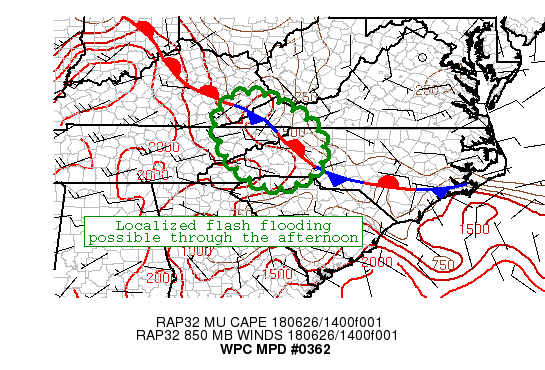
AREAS AFFECTED...ERN KY AND TN...WRN VA AND NC...NWRN SC

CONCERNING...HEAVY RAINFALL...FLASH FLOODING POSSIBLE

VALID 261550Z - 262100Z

SUMMARY...SLOW-MOVING CONVECTIVE CELLS PRODUCING ISOLATED RAINFALL
RATES OF 1-2 IN/HR COULD RESULT IN LOCALIZED FLASH FLOODING
THROUGH 22Z.

DISCUSSION...SHOWERS AND THUNDERSTORMS ARE FOCUSING ALONG A
QUASI-STATIONARY FRONTAL BOUNDARY FROM ERN KY INTO SWRN VA LATE
THIS MORNING. RELATIVELY WEAK MID-LEVEL FLOW ALONG WITH NEARLY
PARALLEL FLOW AT THE LOWER LEVELS IS RESULTING IN SLOW CELL MOTION
WITH SOME BACKWARD PROPAGATION NOTED. INSTABILITY IS RELATIVELY
MODEST (MLCAPE OF 500-1000 J/KG ON LATEST MESOANALYSIS), AND WEAK
SHEAR IS RESULTING IN RATHER SLUGGISH ORGANIZATION PROCESS.
NONETHELESS, A VERY MOIST AIR MASS (PWATS OF 1.5-1.8 IN AND 850
HPA DEW POINTS OF 14-16 DEG C) IS RESULTING IN AT LEAST SOME
DEGREE OF ENHANCED INCREASED PRECIPITATION EFFICIENCY.

THE HRRR-EXPERIMENTAL SEEMS TO HAVE THE BEST HANDLE ON THE ONGOING
CONVECTION AT THE MOMENT, AND SHOWS A CONTINUED GRADUAL INCREASE
IN ORGANIZATION OVER THE NEXT FEW HOURS WITH AN EVENTUAL INCREASE
IN MOTION TOWARD THE SOUTHEAST, INTO WESTERN NORTH CAROLINA.
INCREASING INSTABILITY INTO THE AFTERNOON MAY BOOST POTENTIAL MAX
RAINFALL RATES SOMEWHAT, AND THE HRRR-TIME LAGGED ENSEMBLE
SUGGESTS INCREASING POTENTIAL FOR ISOLATED 2 IN/HR RAINFALL RATES
INTO THE AFTERNOON. FLASH FLOOD GUIDANCE IS HIGHER TOWARD THE
SOUTHERN/SOUTHEASTERN PORTION OF THE OUTLINED AREA, AND A GENERAL
INCREASE IN FORWARD MOTION OF CONVECTION SHOULD KEEP THE HEAVY
RAINFALL THREAT RELATIVELY LOCALIZED. NONETHELESS, THE POTENTIAL
FOR RELATIVELY HIGH RAINFALL RATES ALONG WITH SOME CELL
REDEVELOPMENT/PROPAGATION (CORFIDI VECTORS AROUND 5 KT) SUGGESTS
THE POTENTIAL FOR AT LEAST LOCALIZED FLASH FLOODING THROUGH THE
AFTERNOON, WITH ISOLATED 2-3 INCH RAINFALL TOTALS.